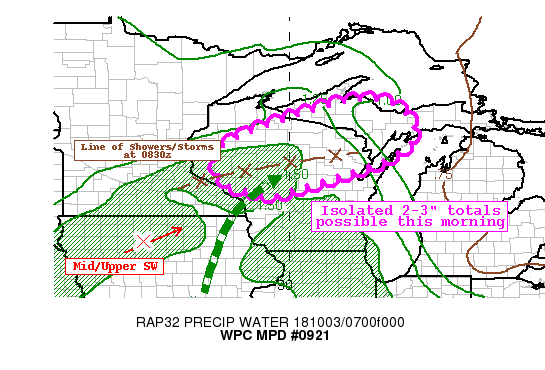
Areas affected...Central/Northern WI...UP Michigan

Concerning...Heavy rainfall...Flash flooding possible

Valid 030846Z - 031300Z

Summary...A few repeating/training showers and thunderstorms this
morning with quick bursts of heavy rain may lead to localized
flash flooding across portions of Wisconsin and UP Michigan.

Discussion...Recent GOES-East water vapor imagery showed a
shortwave tracking across portions of Iowa while at the surface, a
warm front was analyzed across southern Iowa and portions of
Illinois. Strong moisture transport and isentropic lift
overrunning this boundary combined with favorable upper level
support has led to a line of elevated showers/storms from
south-central MN through west-central WI into northern/northeast
WI.

GOES-East IR imagery has shown a steady cooling with cloud tops
over the last hour and recent radar returns from KARX/KGRB/KMPX
show increasing reflectivity with 1-hr estimated rates of
0.5-1.0". Finally, PWATs are very high for the area and time of
year, with a recent mesoanalysis showing around 1.5", or 2-3 SD
above normal.

As the shortwave treks across the Upper Midwest and with some
unidirectional flow, there is the potential for some
repeating/training storms that could produce isolated amounts of 2
to 3 inches and lead to localized flash flooding given 1-hr FFG of
1 to 1.5".

HREF probabilities show the greatest risk area to be across
portions of north-central into northeastern WI and portions of the
UP of MI. The threat should end quickly west to east by 13-14z as
the shortwave quickly moves through the region.